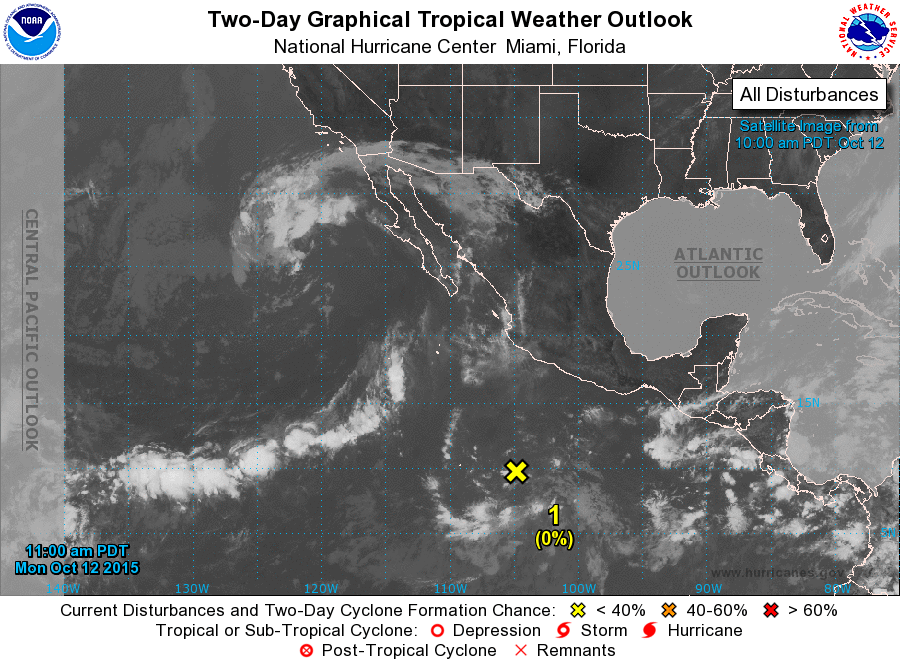
For the eastern North Pacific...east of 140 degrees west longitude:

1. A low pressure area located about 600 miles south-southwest of Manzanillo, Mexico is producing limited shower activity. Environmental conditions are forecast to become progressively more conducive for development after mid-week, and this system is likely to become a tropical depression by the weekend while it moves westward at 10 to 15 mph.
* Formation chance through 48 hours...low...near 0 percent
* Formation chance through 5 days...high...70 percent

Forecaster Brown